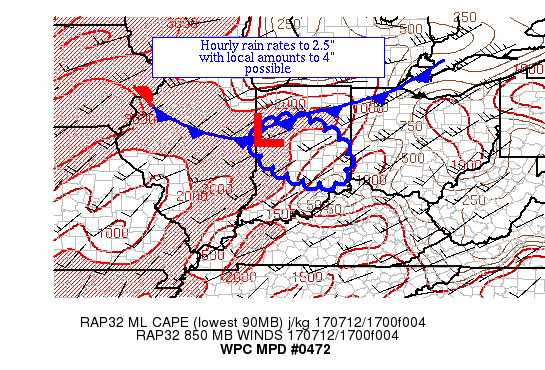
AREAS AFFECTED...PORTIONS OF CENTRAL IN

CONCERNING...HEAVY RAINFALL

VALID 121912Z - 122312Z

SUMMARY...THUNDERSTORMS ARE BEGINNING TO SHOW A HINT OF TRAINING
CHARACTER AS THEY HEAD INTO AN AREA WITH PARTIALLY SATURATED
SOILS.  HOURLY RAIN RATES TO 2.5" WITH LOCAL AMOUNTS TO 4" ARE
POSSIBLE.

DISCUSSION...A WEAK WAVE ALONG AN OUTFLOW BOUNDARY IS BEGINNING TO
LEAD TO CONVECTION THAT IS EXHIBITING SOME TRAINING CHARACTER.
PRECIPITABLE WATER VALUES ARE ~2". INFLOW AT 850 HPA IS CONVERGENT
AT ~25 KTS.  EFFECTIVE BULK SHEAR OF 20-30 KTS IS HELPING TO
ORGANIZE THE ACTIVITY INTO A SHORT BAND.  A SHORTWAVE SEEN ON
WATER VAPOR IMAGERY ACROSS SOUTH-CENTRAL WI IS AIDING DIVERGENCE
ALOFT.

THE MESOSCALE GUIDANCE THAT HAD A HINT OF THIS ACTIVITY -- RECENT
HRRR AND RAP RUNS AND THE 12Z WRF NSSL -- IS TOO FAR NORTH/TOO
SLOW WITH ITS SOUTHEAST PROGRESSION THUS FAR.  RAP RUNS DO
INDICATE A LITTLE MORE SOUTHEAST MOVEMENT TO THE THUNDERSTORM AREA
BASED ON ITS BOUNDARY LAYER MOISTURE CONVERGENCE FIELD, WHICH IS
SUPPORTED BY FORWARD PROPAGATING CONVECTIVE VECTORS AND THE
1000-500 HPA THICKNESS PATTERN ACROSS THIS REGION.  HOURLY RAIN
RATES UP TO 2.5" WITH LOCAL AMOUNTS UP TO 4" ARE POSSIBLE OVER AN
AREA WITH PARTIALLY SATURATED SOILS.  DUE TO THE UNCERTAINTY HERE,
USED A FOUR HOUR HORIZON.